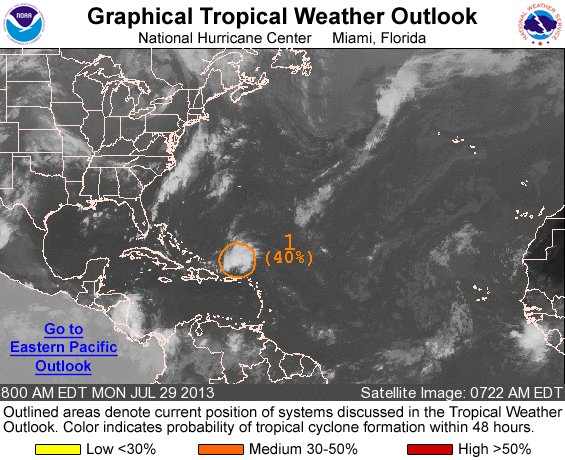
FOR THE NORTH ATLANTIC...CARIBBEAN SEA AND THE GULF OF MEXICO...

1. A TROUGH OF LOW PRESSURE...ASSOCIATED WITH THE REMNANTS OF DORIAN... IS PRODUCING AN AREA OF CLOUDINESS AND DISORGANIZED THUNDERSTORMS A COUPLE OF HUNDRED MILES NORTH OF PUERTO RICO AND THE VIRGIN ISLANDS. THIS DISTURBANCE STILL DOES NOT APPEAR TO HAVE A CLOSED LOW-LEVEL CIRCULATION...AND SURFACE PRESSURES REMAIN HIGH ACROSS THE AREA. ENVIRONMENTAL CONDITIONS ARE EXPECTED TO BE ONLY MARGINALLY CONDUCIVE FOR REGENERATION TO OCCUR...AND THIS SYSTEM HAS A MEDIUM CHANCE...40 PERCENT...OF BECOMING A TROPICAL CYCLONE DURING THE NEXT 48 HOURS AS IT MOVES WESTWARD TO WEST-NORTHWESTWARD AT 15 TO 20 MPH. THE DISTURBANCE IS EXPECTED TO CONTINUE PASSING WELL TO THE NORTH OF PUERTO RICO TODAY...AND MOVE ACROSS THE TURKS AND CAICOS ISLANDS AND THE BAHAMAS ON TUESDAY AND WEDNESDAY. AN AIR FORCE RESERVE UNIT RECONNAISSANCE AIRCRAFT IS SCHEDULED TO INVESTIGATE THE DISTURBANCE THIS AFTERNOON...IF NECESSARY.

ADDITIONAL INFORMATION ON THIS SYSTEM CAN BE FOUND IN HIGH SEAS FORECASTS ISSUED BY THE NATIONAL WEATHER SERVICE...UNDER AWIPS HEADER NFDHSFAT1 AND WMO HEADER FZNT01 KWBC.

ELSEWHERE...TROPICAL CYCLONE FORMATION IS NOT EXPECTED DURING THE NEXT 48 HOURS.

FORECASTER BERG